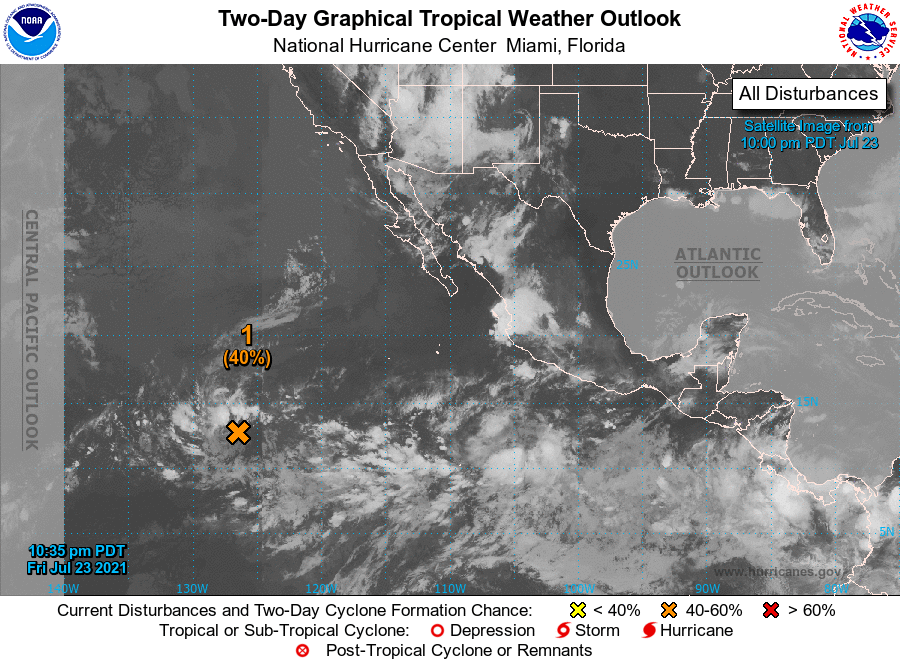
For the eastern North Pacific...east of 140 degrees west longitude:

1. A broad area of low pressure located about 1300 miles west-southwest of the southern tip of the Baja California peninsula continues to produce disorganized showers and thunderstorms. Environmental conditions are generally conducive for development, and this system could become a tropical depression this weekend or early next week before it reaches cooler waters while moving westward at 10 to 15 mph.
* Formation chance through 48 hours...medium...40 percent.
* Formation chance through 5 days...medium...50 percent.

Forecaster Cangialosi